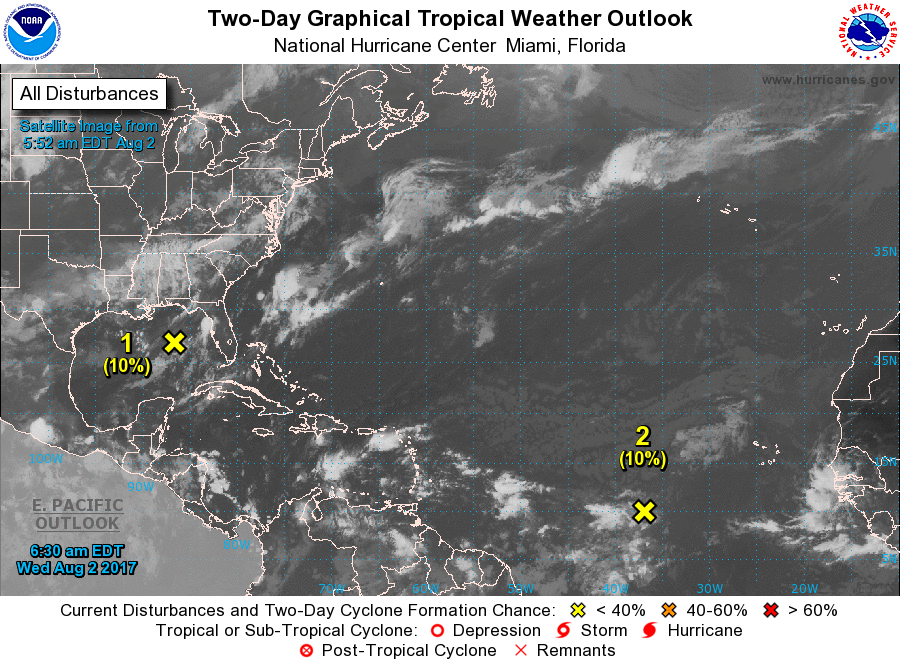
For the North Atlantic...Caribbean Sea and the Gulf of Mexico:

The National Hurricane Center has issued its last advisory on Post-Tropical Cyclone Emily, located over the Atlantic Ocean well to the east of Florida.

1. A small, non-tropical area of low pressure centered about 240 miles south of Pensacola, Florida, is producing disorganized cloudiness and showers. Significant development of this system is not expected due to strong upper-level winds and proximity to dry air. The low is forecast to move northeastward over the Big Bend area of Florida by early Thursday.
* Formation chance through 48 hours...low...10 percent.
* Formation chance through 5 days...low...10 percent.

2. A tropical wave is producing a large area of cloudiness and disorganized shower activity several hundred miles southwest of the Cabo Verde Islands. Development, if any, of this system is expected to be slow to occur during the next few days while the disturbance moves westward at 10 to 15 mph. Upper-level winds are expected to become too strong for development by the weekend.
* Formation chance through 48 hours...low...10 percent.
* Formation chance through 5 days...low...10 percent.

Forecaster Blake